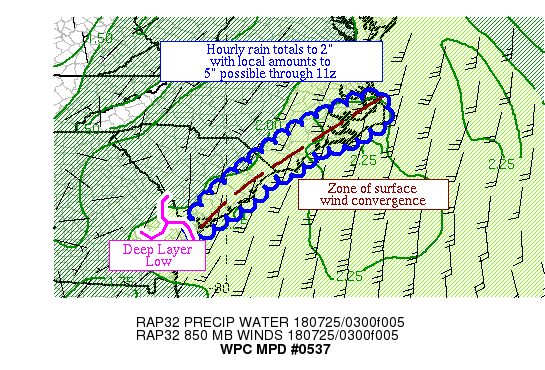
Areas affected...Coastal Plain of SC & NC

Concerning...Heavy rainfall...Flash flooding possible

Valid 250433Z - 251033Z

Summary...Showers and thunderstorms are on the upswing across the
coastal plains of SC and southeast NC.  Hourly totals to 2" with
local amounts to 5" are possible through 11z.

Discussion...A trough/zone of surface wind convergence is acting
as a focus for a convective uptick near the SC and southern NC
coast.  Additional activity is moving into the coast from
offshore.  This is occurring in a divergent area aloft northeast
of a deep layer low just west of the Savannah River.  Precipitable
water values of 1.8-2.1" lie here per 00z sounding information.
Inflow at 850 hPa is south-southwest at 15-25 kts (near the
magnitude of the mean 850-400 hPa wind), importing ML CAPE values
of 1000-2000 J/kg into the region.  CIN appears minimal.

The guidance shows an increase in convective activity up the coast
of NC through the Outer Banks through 10z.  With time, inflow at
850 hPa becomes more southwesterly parallel to the surface trough.
 Hourly rain totals to 2" should be possible given the available
moisture and instability.  The mesoscale guidance has a fairly
unified signal for local amounts in the 4-5" range in this area,
which has received heavy rainfall in preceding days.  Since we're
dealing with heavy rainfall expectations near the coast, there's a
non-zero chance that convection could shift offshore at some
point, forward propagating into the greater instability.
Confidence is below average due to this possibility.